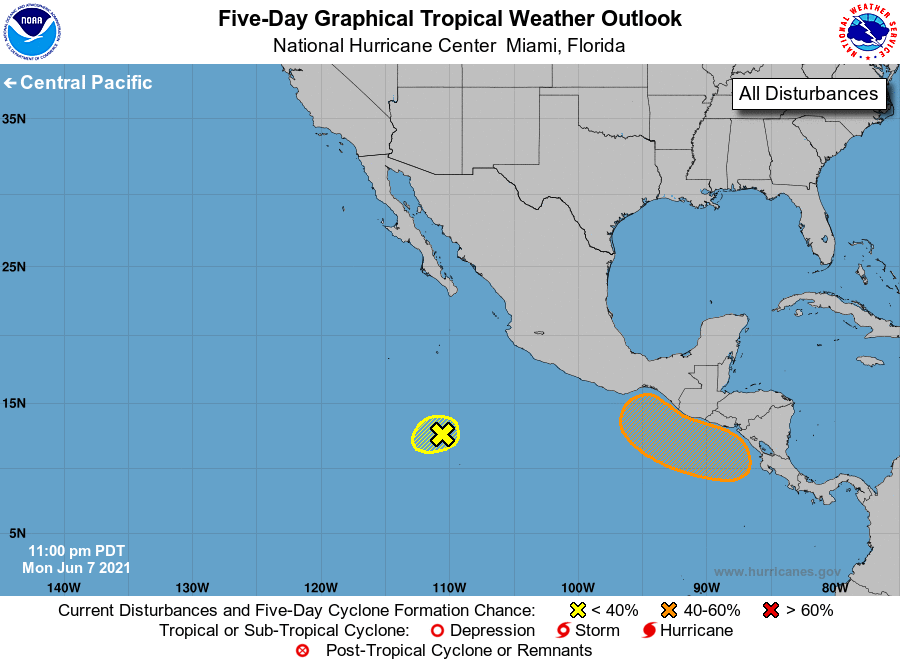
For the eastern North Pacific...east of 140 degrees west longitude:

1. A broad area of low pressure located about 700 miles south of the southern tip of the Baja California peninsula is producing a limited amount of showers and thunderstorms. Significant development of this system is not expected due to strong upper-level winds and nearby dry air. The disturbance is forecast to move slowly west-southwestward during the next couple of days.
* Formation chance through 48 hours...low...10 percent.
* Formation chance through 5 days...low...10 percent.

2. A broad trough of low pressure is expected to form a couple of hundred miles south of the coasts of southern Mexico, El Salvador, and Guatemala in a day or two. Environmental conditions appear favorable for some development thereafter, and a tropical depression could form by the end of the week as the system moves slowly northwestward or northward. Regardless of development, this system could produce heavy rainfall over portions of Central America and southern Mexico later this week and into the weekend. See products from your local meteorological service for more information.
* Formation chance through 48 hours...low...near 0 percent.
* Formation chance through 5 days...medium...40 percent.

Forecaster Cangialosi